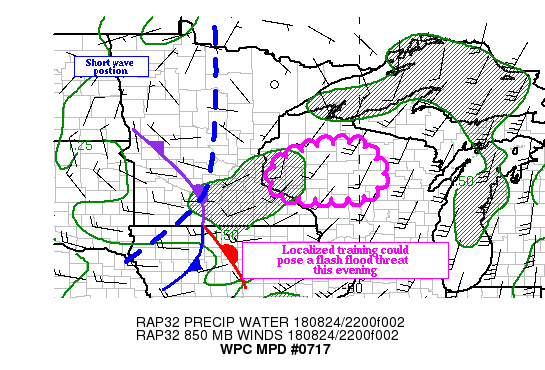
Areas affected...Western and Central WI

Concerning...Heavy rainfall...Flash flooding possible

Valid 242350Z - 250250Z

Summary...Convection training in deepening moisture ahead of a
short wave could produce localized flash flooding into the evening
hours.

Discussion...Regional radars across southeast MN into central WI
showed convection forming in a nose of 500-1000 J/KG of MUCAPE
extending from southwest MN into central WI. The instability is
more surface based over southeast MN, but elevated over central
WI, where the airmass is stable in the lowest layer (as evidenced
by the CIN on the most recent RAP stability analysis.

The convection sits in an axis of 1.50 inch precipitable water,
and soundings from the HRRR showed a moist column through about
500 mb. This suggests that warm rain processes are occurring above
the stable layer near the surface. The convection across west
central WI has been tracking northeast, along with the mean
850-300 mb wind. As propagation vectors become better aligned with
the mean wind, the potential for training increases. This will
pose as the main flash flood threat for the evening hours.

The main forecast issue concerning more than an isolated flash
flood threat is the presence of stability to support the
convection into the evening hours. The convection has remained
intact as it has become elevated, aided by synoptic scale lift
ahead of a potent short wave over MN. The convection has already
produced hourly rainfall rates near 2.00 inches over southern St.
Croix and northern Pierce counties in west central WI. As the
convection moves east, individual cells will move northeast,
creating the flash flood threat.

Much of the high resolution guidance has either underplayed the
current convection (the most recent HRRR) or is lagging the
activity by a couple of hours (12z WRF ARW). The 21z GEM regional
appears to have the best handle on the activity, suggesting that
hourly rainfall rates in excess of 1.50 inches are possible
through at least 01z. Since there is some question about the
convective coverage (due to the lack of deeper instability), flash
flooding is only considered possible.